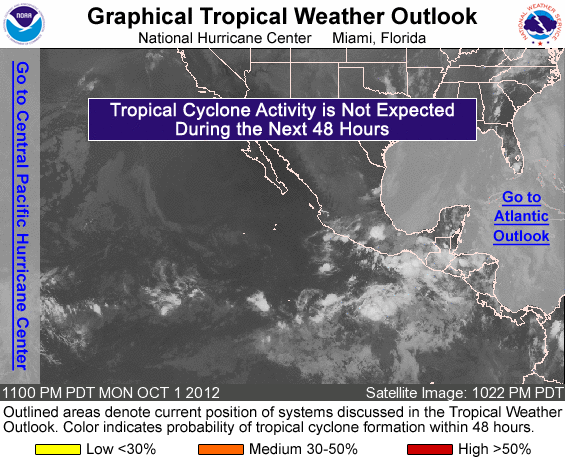
FOR THE EASTERN NORTH PACIFIC...EAST OF 140 DEGREES WEST LONGITUDE..

TROPICAL CYCLONE FORMATION IS NOT EXPECTED DURING THE NEXT 48 HOURS.

FORECASTER PASCH